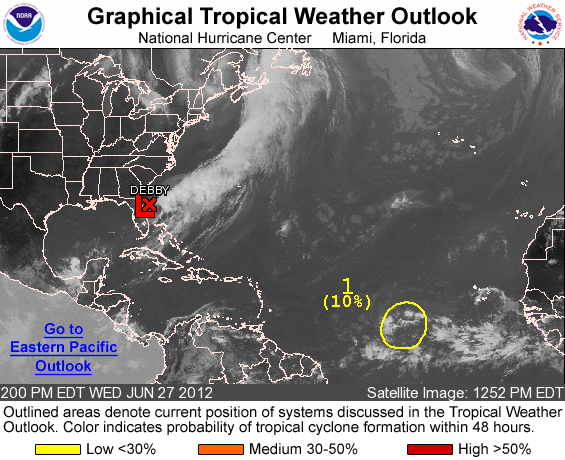
FOR THE NORTH ATLANTIC...CARIBBEAN SEA AND THE GULF OF MEXICO...

THE NATIONAL HURRICANE CENTER IS ISSUING ADVISORIES ON TROPICAL DEPRESSION DEBBY...LOCATED OVER THE WESTERN ATLANTIC ABOUT 90 MILES EAST OF ST. AUGUSTINE FLORIDA.

1. A TROPICAL WAVE LOCATED LOCATED ABOUT 1600 MILES EAST OF THE SOUTHERN WINDWARD ISLANDS CONTINUES TO PRODUCE DISORGANIZED SHOWERS AND A FEW THUNDERSTORMS. DEVELOPMENT OF THIS WAVE..IF ANY...SHOULD BE SLOW TO OCCUR AS IT MOVES WESTWARD AT 10 TO 15 MPH. THIS SYSTEM HAS A LOW CHANCE...10 PERCENT...OF BECOMING A TROPICAL CYCLONE DURING THE NEXT 48 HOURS.

ELSEWHERE...TROPICAL CYCLONE FORMATION IS NOT EXPECTED DURING THE NEXT 48 HOURS.

FORECASTER KIMBERLAIN